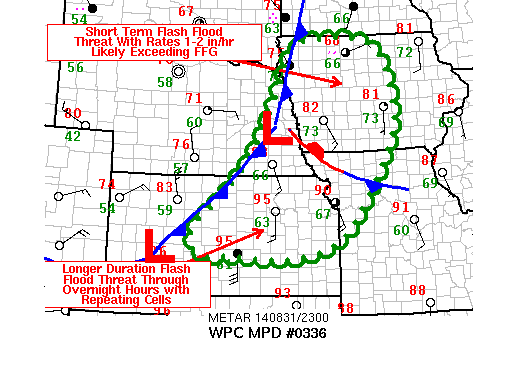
AREAS AFFECTED...SERN NEBRASKA / KANSAS INTO NWRN MISSOURI AND
IOWA

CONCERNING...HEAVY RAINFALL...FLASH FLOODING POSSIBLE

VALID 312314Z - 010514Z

SUMMARY...THE THREAT FOR FLASH FLOODING WILL INCREASE PAST THROUGH
05Z WITH REPEATING CELL MOTIONS POSSIBLY ALLOWING 3-6 INCHES IN
SOME LOCATIONS WITH 1-2 IN/HR RAINFALL RATES FROM CNTRL AND ERN
KANSAS. FARTHER NORTH...PROGRESSIVE STORM MOTIONS WITH HIGH
RAINFALL RATES SHOULD ALLOW FOR A LOWER END FLASH FLOOD THREAT.

DISCUSSION...23Z SURFACE OBSERVATIONS PLACED A PROGRESSIVE COLD
FRONT ACROSS ERN NEBRASKA INTO NRN AND WRN KANSAS WITH A 1001 MB
WAVE 40 MI W OF OMA. EXTENDING SEWD FROM THE LOW WAS A
DIFFERENTIAL HEATING BOUNDARY WITH SURFACE TEMPERATURES IN THE
MID-UPPER 90S ACROSS CNTRL AND ERN KANSAS WHILE DEWPOINTS
GENERALLY LESS THAN 70 F. THIS INITIALLY DRY LOW LEVEL LAYER
SHOULD ALLOW FOR AN OUTFLOW BOUNDARY TO SET UP ACROSS CNTRL/ERN
KANSAS FROM A LINE OF STORMS CURRENTLY IN PLACE AHEAD OF THE COLD
FRONT. SHORT TERM RAP/HRRR FORECASTS SHOW 850 MB FLOW INCREASING
TO NEAR 50 KTS BY 03Z ACROSS ERN KANSAS WITH SOME VEERING TOWARD
THE SOUTHWEST.

HI-RES MODEL GUIDANCE HAS BEEN UNANIMOUS IN A HEAVY RAIN SIGNAL
OVERNIGHT BUT SOME DIFFERENCES IN PLACEMENT EXIST WITH SOME
SHOWING A GREATER FOCUS INTO IOWA VERSUS OTHERS IN KANSAS...SUCH
AS THE HRRR. IT IS EXPECTED THAT THE GREATER THREAT WILL BE ACROSS
KANSAS AS REPEATING CELLS ARE EXPECTED TO DEVELOP OVERNIGHT WITH
AN INCREASED MAGNITUDE OF THE LOW LEVEL JET WHICH WILL ADVECT IN
PWATS BETWEEN 1.5 TO 2.0 INCHES FROM THE SOUTH ATOP A CONVECTIVELY
INDUCED BOUNDARY. MEANWHILE...STORMS TO THE NORTH ACROSS IOWA
SHOULD EXHIBIT RAINFALL RATES OF 1-2 IN/HR BUT STAY MOSTLY
PROGRESSIVE WITH A LOWER END THREAT FOR FLASH FLOODING ACROSS THE
NRN PORTION OF THE THREAT AREA.